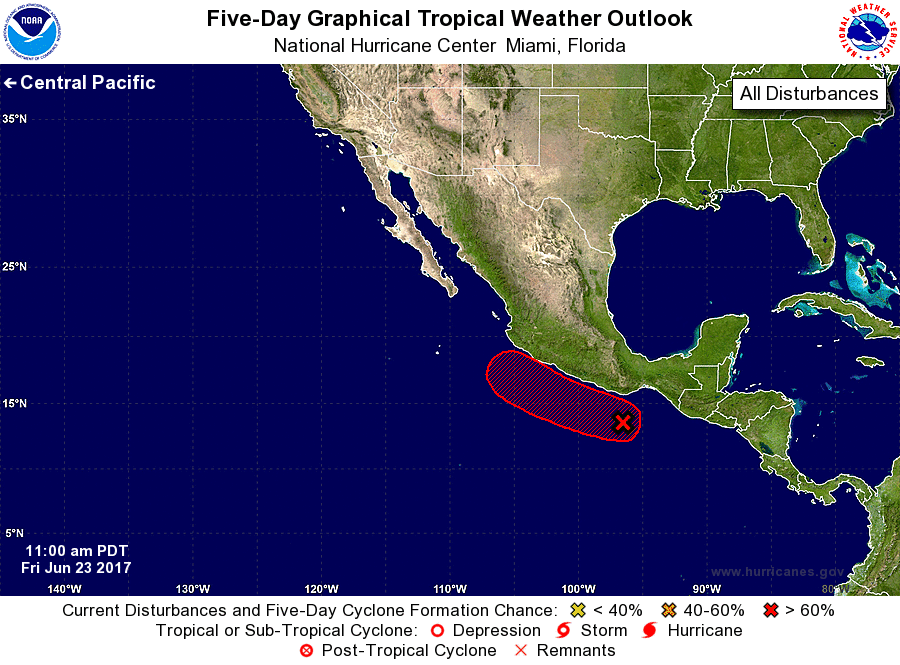
For the eastern North Pacific...east of 140 degrees west longitude:

1. Shower and thunderstorm activity associated with a with a broad area of low pressure located a couple hundred miles south-southwest of the Gulf of Tehuantepec continue to show signs of organization. Environmental conditions appear conducive for development, and this system is likely to become a tropical depression by late this weekend or early next week while it moves slowly west-northwestward parallel to the coast of Mexico. Interests along the southwestern coast of Mexico should monitor the progress of this system.
* Formation chance through 48 hours...high...70 percent.
* Formation chance through 5 days...high...80 percent.

Forecaster Brennan